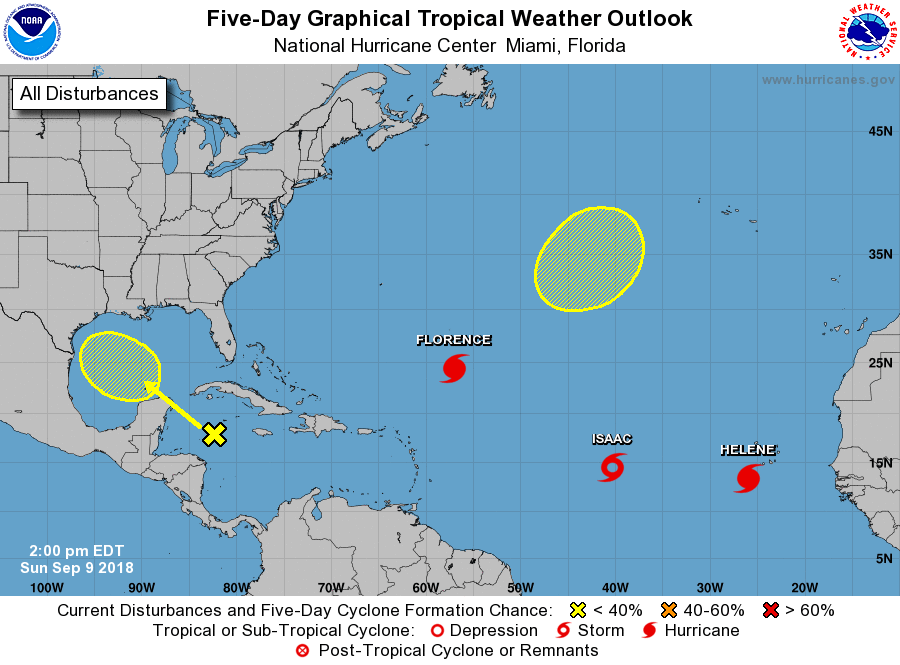
For the North Atlantic...Caribbean Sea and the Gulf of Mexico:

The National Hurricane Center is issuing advisories on recently upgraded Hurricane Florence, located over the west-central Atlantic Ocean, on Tropical Storm Helene, located just southwest of the Cabo Verde Islands, and on Tropical Storm Isaac, located over the eastern Atlantic.

1. The combination of an upper-level trough and a tropical wave over the northwestern Caribbean Sea is producing a large area of disorganized showers and thunderstorms between Cuba and Honduras. Upper-level winds could become somewhat more conducive for some development when the system moves into the Gulf of Mexico in a couple of days while the system moves slowly west-northwestward or northwestward.
* Formation chance through 48 hours...low...near 0 percent.
* Formation chance through 5 days...low...20 percent.

2. A non-tropical area of low pressure is forecast to form in the northeastern Atlantic Ocean several hundred miles west-southwest of the Azores in two or three days. Some slow tropical or subtropical development is possible by the middle of the week while the low moves southwestward.
* Formation chance through 48 hours...low...near 0 percent.
* Formation chance through 5 days...low...30 percent.

Forecaster Blake